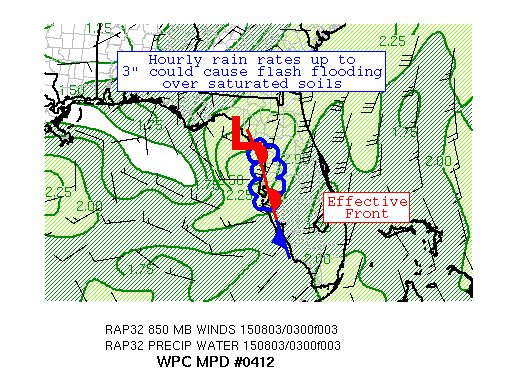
AREAS AFFECTED...NORTHWEST COAST OF THE FL PENINSULA

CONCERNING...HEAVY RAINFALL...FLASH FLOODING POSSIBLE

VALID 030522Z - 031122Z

SUMMARY...SHORT CONVECTIVE BANDS OF HEAVY RAINFALL SHOULD BEGIN
IMPACTING THE NORTHWEST COAST OF THE FL PENINSULA SHORTLY, WITH
HOURLY RAIN RATES UP TO 3".  FLASH FLOODING IS POSSIBLE.

DISCUSSION...THE CIRCULATION AROUND A SURFACE LOW NEAR CROSS CITY,
CURRENTLY 1009 HPA IN CENTRAL PRESSURE, IS FUNNELING MOISTURE AND
INSTABILITY IN FROM THE GULF OF MEXICO.  IT HAS ALSO RETURNED AN
OUTFLOW BOUNDARY WHICH PREVIOUSLY MOVED OUT INTO THE GULF OF
MEXICO, WHICH IS ALLOWING A SHORT BAND OF CONVECTION TO APPROACH
THE COAST.  CIN IS NOT A FACTOR HERE -- CONVECTION WILL BE SURFACE
BASED VERY NEAR THE COASTLINE WHERE THE NATURAL TEMPERATURE
GRADIENT SHOULD LIE DUE TO ONSHORE FLOW.  PRECIPITABLE WATER
VALUES OF 2.25-2.5" EXIST ACROSS THE REGION PER GPS INFORMATION.
INFLOW AT 850 HPA IS 20-25 KTS PER RECENT RAP FORECASTS AND VAD
WIND PROFILES FROM TAMPA BAY/RUSKIN FL.  MUCAPES OF 1000-3000 J/KG
LIE NEAR AND OFFSHORE THE IMMEDIATE WEST COAST OF FL PER RECENT
SPC MESOANALYSES.

THE SURFACE LOW RESPONSIBLE FOR THIS HEAVY RAINFALL IS EXPECTED TO
DRIFT EAST-NORTHEAST TO NORTHEAST OVERNIGHT, BUT THE THERMAL
BOUNDARY SHOULDN'T MAKE MUCH PROGRESS INLAND OVERNIGHT AS THE
BOUNDARY LAYER ACROSS THE PENINSULA CONTINUES TO THIN, SETTING UP
A FRICTIONAL CONVERGENCE ZONE NEAR THE IMMEDIATE COAST.  THE
EXPECTATION IS FOR ONE OR MORE CONVECTIVE BANDS TO FORM WITHIN
THIS MOIST AIRMASS WITHIN THE REGION OF BEST CLOUD BASE INFLOW,
WHICH IS BETWEEN TAMPA BAY AND CEDAR KEY.  THIS IS BORNE OUT IN
THE 18Z SSEO NEIGHBORHOOD PROBABILITIES, WHICH SHOW A 50-80%
CHANCE OF EXCEEDING THE THREE HOUR FLASH FLOOD GUIDANCE IN THIS
REGION.  HOURLY RAIN RATES OF UP TO 3" ARE POSSIBLE PER THE
AVAILABLE MOISTURE.    ISSUES ARE EXPECTED TO SPREAD DOWN THE
COAST WITH TIME.  THE MESOSCALE QPF GUIDANCE IS NEARLY UNANIMOUS
IN SHOWING 3-7" RAINFALL WITHIN THIS REGION OVER THE NEXT SIX
HOURS.  RADAR ESTIMATES FROM THIS REGION INDICATE 15-30" HAS
FALLEN OVER THE PAST 30 DAYS WITH 2/3 OF THIS FALLING OVER THE
PAST TEN DAYS -- SOILS ARE SATURATED.  THE SPATIAL COVERAGE OF
HEAVY RAINFALL EXPECTED WITHIN THE SCALLOPED AREA COULD BE SPOTTY,
WHICH KEPT THE CATEGORY OF THIS MPD AS POSSIBLE RATHER THAN LIKELY.